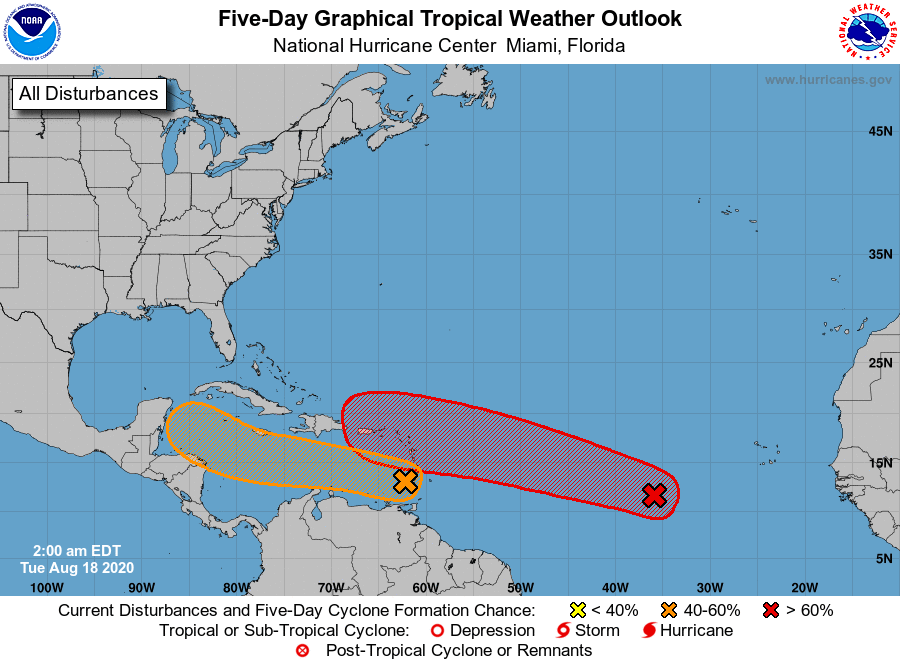
For the North Atlantic...Caribbean Sea and the Gulf of Mexico:

1. Disorganized showers and thunderstorms continue in association with a tropical wave located over the eastern Caribbean Sea. This disturbance is moving westward at about 20 mph, and is forecast to continue to move quickly westward over the eastern and central Caribbean Sea during the next couple of days, which is likely to limit significant development. After that time, however, the system is forecast to move more slowly westward across the western Caribbean, where upper-level winds could become more conducive for the development of a tropical depression during the latter part of this week. Regardless of development, locally heavy rainfall and gusty winds are expected over portions of the Windward and southern Leeward Islands this morning.
* Formation chance through 48 hours...low...20 percent.
* Formation chance through 5 days...medium...60 percent.

2. A broad area of low pressure located a little over 700 miles west-southwest of the Cabo Verde Islands is producing a concentrated area of showers and thunderstorms displaced to the west of an elongated surface circulation. Environmental conditions are conducive for further development, and a tropical depression is likely to form within the next day or two while the system moves westward to west-northwestward at 15 to 20 mph across the central and western portions of the tropical Atlantic.
* Formation chance through 48 hours...high...70 percent.
* Formation chance through 5 days...high...90 percent.

Forecaster Roberts